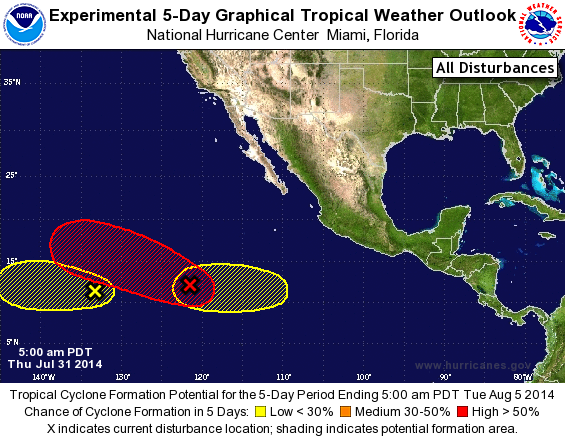
For the eastern North Pacific...east of 140 degrees west longitude:

1. Showers and thunderstorms continue to increase near an area of low pressure located about 1100 miles southwest of the southern tip of the Baja California peninsula. Environmental conditions appear conducive for further development, and a tropical depression is forecast to form during the next day or two while the system moves west-northwestward at about 10 mph.
* Formation chance through 48 hours...high...60 percent.
* Formation chance through 5 days...high...80 percent.

2. An area of low pressure located about 1550 miles east-southeast of the Big Island of Hawaii is producing disorganized cloudiness and showers. Upper-level winds are only marginally favorable, and any development of this system should be slow to occur while it moves westward at about 10 mph during the next few days.
* Formation chance through 48 hours...low...10 percent.
* Formation chance through 5 days...low...20 percent.

3. An area of low pressure is expected to form well southwest of the southern coast of Mexico this weekend. Some gradual development of this system is possible after that time while it moves westward at about 10 mph.
* Formation chance through 48 hours...low...near 0 percent.
* Formation chance through 5 days...low...20 percent.

Forecaster Berg